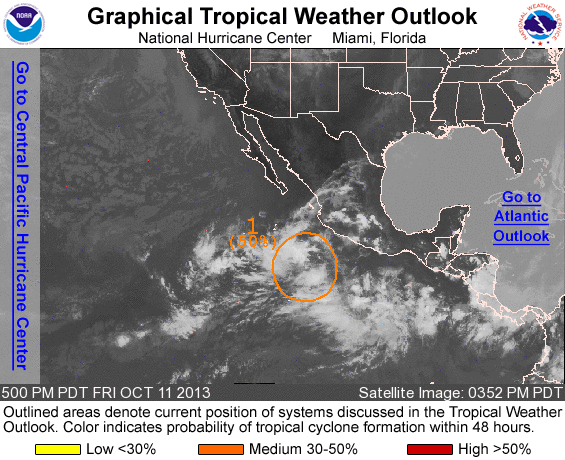
FOR THE EASTERN NORTH PACIFIC...EAST OF 140 DEGREES WEST LONGITUDE..

1. SHOWERS AND THUNDERSTORMS ASSOCIATED WITH A BROAD AREA OF LOW PRESSURE LOCATED A FEW HUNDRED MILES SOUTH-SOUTHWEST OF MANZANILLO MEXICO REMAIN DISORGANIZED. ENVIRONMENTAL CONDITIONS ARE SOMEWHAT CONDUCIVE FOR DEVELOPMENT AND A TROPICAL DEPRESSION COULD FORM DURING THE NEXT DAY OR TWO. THIS SYSTEM HAS A MEDIUM CHANCE...50 PERCENT...OF BECOMING A TROPICAL CYCLONE DURING THE NEXT 48 HOURS...AND A HIGH CHANCE...60 PERCENT...OF BECOMING A TROPICAL CYCLONE DURING THE NEXT 5 DAYS WHILE IT MOVES WEST-NORTHWESTWARD OR NORTHWESTWARD AT AROUND 10 MPH.

FIVE-DAY FORMATION PROBABILITIES ARE EXPERIMENTAL IN 2013. COMMENTS ON THE EXPERIMENTAL FORECASTS CAN BE PROVIDED AT...

HTTP://WWW.NWS.NOAA.GOV/SURVEY/NWS-SURVEY.PHP?CODE=ETWO

FORECASTER LANDSEA